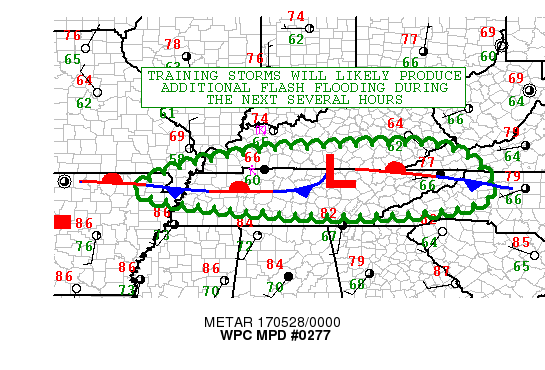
AREAS AFFECTED...SOUTHERN KY...TN...EXTREME SW VA...NW NC

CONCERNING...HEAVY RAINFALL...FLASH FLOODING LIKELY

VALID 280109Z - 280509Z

SUMMARY...STRONG THUNDERSTORMS EXTENDING FROM EXTREME SOUTHEAST MO
AND NORTHEAST AR ACROSS SOUTHERN KY AND TN INTO SOUTHWESTERN VA
AND NC WILL LIKELY PRODUCE SOME FLASH FLOODING DURING THE NEXT
SEVERAL HOURS.

DISCUSSION...THUNDERSTORMS DEVELOPING NEAR THE MO BOOTHEEL AND IN
EXTREME NE AR AND EXTENDING EAST ACROSS KY AND TN ARE PRODUCING
HOURLY RAIN RATES OF 1-1.5"...AND RADAR SHOWS LOCAL ACCUMULATIONS
ALREADY EXCEEDING 2-2.5". THE STORMS ARE DEVELOPING AND MOVING
ALONG A WEAK FRONTAL BOUNDARY ACROSS THE THREAT AREA.

SURFACE DEW POINTS ALONG AND SOUTH OF THE BOUNDARY ARE MAINLY 70
DEGREES F OR HIGHER...WITH PRECIPITABLE WATER VALUES IN THE RANGE
1.4-1.8". SPC MESOANALYSES SHOW THAT MUCAPE RANGES MAINLY FROM
2000-3000 J/KG. THE MOST RECENT RADAR AND SATELLITE IMAGERY SHOW
THAT CELLS ARE BACKBUILDING AT THE WEST END OF THE THREAT AREA. IN
ADDITION THE EASTWARD MOVEMENT OF STORMS ALONG THE BOUNDARY MEANS
THAT SIGNIFICANT TRAINING IS POSSIBLE. STORM DEVELOPMENT WILL
PROBABLY SHIFT SLIGHTLY SOUTHWARD INTO TN...INTO THE REGION OF
HIGHER SURFACE DEW POINTS AND SLIGHTLY HIGHER CAPE...DURING THE
NEXT FEW HOURS.

LOCAL ACCUMULATIONS OF AN ADDITIONAL 2-3" OF RAIN LOOKS LIKELY
ACROSS THE AREA...AND THIS IS SUPPORTED BY THE LAST SEVERAL RUNS
OF THE HRRR.

ADDITIONAL FLASH FLOODING IS LIKELY.